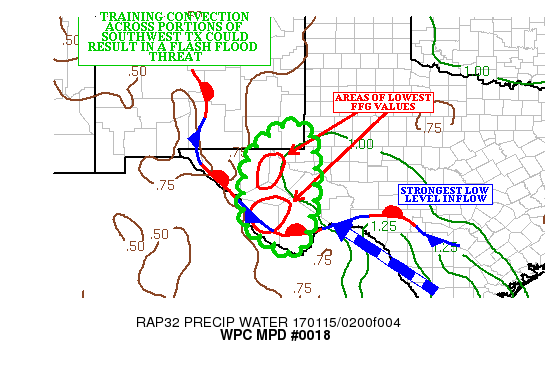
AREAS AFFECTED...FAR WEST TX AND FAR SOUTHEAST NM

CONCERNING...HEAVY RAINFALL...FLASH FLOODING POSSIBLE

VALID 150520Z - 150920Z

SUMMARY...CONVECTION FORMING ALONG THE RIO GRANDE RIVER COULD
RESULT IN TRAINING... POSING A FLASH FLOOD THREAT INTO THE EARLY
MORNING HOURS.

DISCUSSION...IR IMAGES SHOWED COOLING CLOUD TOPS ALONG THE RIO
GRANDE RIVER SOUTH OF KMRF...AND LIGHTNING DATA HAS SHOWN A STEADY
INCREASE IN COVERAGE FROM SOUTH OF THE RIVER INTO FAR SOUTHWEST
TX. MUCH OF THE ACTIVITY IS BEYOND SIGNIFICANT RADAR
COVERAGE...BUT THE MRMS PRECIPITATION RATE INFORMATION SHOWED
VALUES NEAR 1.25 INCHES CLOSE TO THE RIVER.

THE ACTIVITY IS FORMING AND STRENGTHENING IN A LARGE AREA OF
500-1000 J/KG OF MUCAPE EXTENDING FROM NORTHERN MEXICO ACROSS FAR
WEST TX. FAVORABLE DYNAMICS (IN THE FORM OF INCREASING DIVERGENCE
AHEAD OF THE LONG WAVE TROUGH CROSSING NORTHERN MEXICO) WOULD
PROVIDE SUFFICIENT SYNOPTIC SCALE LIFT FOR CONTINUED CONVECTIVE
DEVELOPMENT.

THUS FAR...MOISTURE HAS BEEN FAIRLY LIMITED...BUT THE LATEST RAP
SHOWED AN INCREASING LOW LEVEL SOUTHEAST INFLOW...WITH
PRECIPITABLE WATER VALUES NEARING AN INCH AFTER 05Z. UPSTREAM
PRECIPITABLE WATER VALUES TOP OUT NEAR 1.25 INCHES ACROSS SOUTH
TX.

THE LIGHTNING DATA HAS SHOWN A SLOW EASTWARD DRIFT TO THE
CONVECTION...AND RAP CORFIDI VECTORS SHOW A SLOW EASTWARD DRIFT
WITH TIME. THIS WOULD TEND TO MITIGATE THE THREAT FOR
TRAINING...BUT AS THE LONG WAVE TROUGH STARTS TAKING ON A NEGATIVE
TILT... THE THREAT FOR TRAINING COULD INCREASE.

THERE IS A FAIR AMOUNT OF SPREAD IN THE HIGH RESOLUTION GUIDANCE
ON THE PLACEMENT OF THE HIGHEST RAINFALL AXIS...WITH THE LATEST
HRRR SHOWING THE POTENTIAL FOR LOCAL 1.50 INCH RAINFALL AMOUNTS IN
AREAS WHERE ONE HOUR FLASH FLOOD GUIDANCE NUMBERS ARE AS LOW AS
1.50 INCHES. TRAINING COULD BE REQUIRED FOR FLASH FLOODING TO
OCCUR...AND THIS IS SUGGESTED BY SOME OF THE HIGH RES GUIDANCE
(INCLUDING THE 00Z NSSL WRF AND 00Z SPC WRF).

BECAUSE OF THE UNCERTAINTY CONCERNING THE THREAT OF
TRAINING...FLASH FLOODING IS ONLY CONSIDERED POSSIBLE AT THIS
TIME.